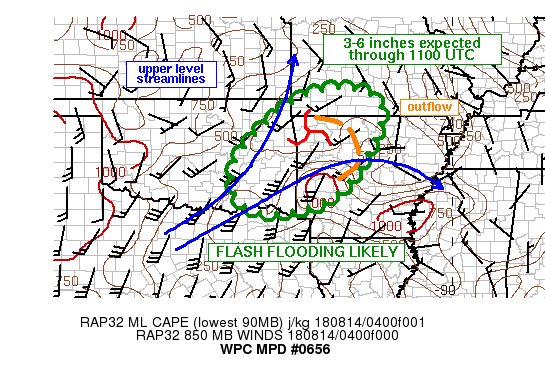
Areas affected...eastern OK into northwest AR/southwest MO

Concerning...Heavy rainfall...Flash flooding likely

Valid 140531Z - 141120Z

SUMMARY...Training echoes of heavy rain are expected to develop
from eastern OK into northwestern AR over the next 1-3 hours. 3-6
inches of additional rainfall are expected through 11Z which is
expected to lead to flash flooding.

DISCUSSION...Radar imagery from 05Z showed an MCV over
northwestern AR with a backwards "C" shaped outflow boundary
evident across northwest AR. A region of stratiform precipitation
existed just west of the outflow over western AR with new
convective development across southeastern OK. This new
development was aligning with the low to mid level mean wind which
was unidirectional from the southwest at 20-30 kt. VAD wind plots
from KSRX sampled an axis of stronger 850 mb flow in the 30-35 kt
range, originating over TX, funneling in very high precipitable
water air of at least 2.0 to 2.1 inches per recent GPS
observations from northeastern TX into western AR. These observed
values were a bit lower than HRRR analyzed precipitable water
values along the OK/AR border of 2.25 to 2.5 inches, which may be
overinflating HRRR forecast QPF amounts through 12Z.

Nonetheless, there is a reservoir of MLCAPE across the eastern
TX/OK border into southwestern AR of 500-1000+ J/kg via the 05Z
SPC mesoanalysis which should help to support heavy rainfall rates
over the next few hours from eastern OK into northwestern AR.
Given the unidirectional flow from the southwest into the Boston
Mountains of the Ozark Plateau (upslope), training/slow moving
convection is expected to become more prevalent over the next few
hours with potential for 3-6 inches of rain by 11Z. The 00Z NSSL,
NAM_nest and past 4 runs of the HRRR support localized maxima in
excess of 7 inches, which could be overdone, but 3-6 inches seems
likely which could cause significant flash flooding across the
region.